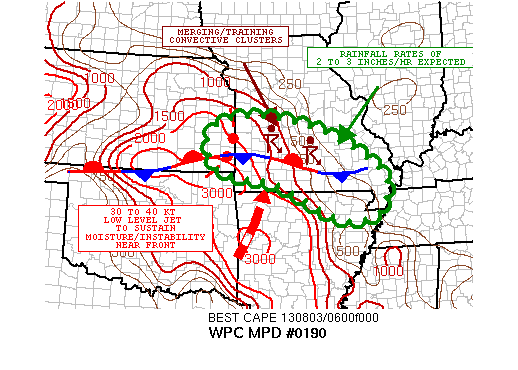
AREAS AFFECTED...FAR SOUTHEASTERN KS...SOUTHERN MO...NORTHEASTERN
AR

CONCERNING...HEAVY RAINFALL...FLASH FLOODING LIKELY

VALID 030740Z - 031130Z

SUMMARY...SOME TRAINING CONVECTION POSSIBLE NEXT FEW HOURS AS A
BAND OF ELEVATED CONVECTION CONTINUES TO DEVELOP.

DISCUSSION...LATEST IR SAT IMAGERY SHOWS A BOWING COLD-TOPPED
CONVECTIVE CLUSTER MOVING THROUGH FAR ERN KS...WHICH IS NOW
BEGINNING TO MOVE INTO WRN MO. DOWNSTREAM FROM THIS
ACTIVITY...THERE IS A DEVELOPING ARC OF ELEVATED CONVECTION WITH
NUMEROUS OVERSHOOTING TOPS IN RESPONSE TO A GRADUAL INCREASE IN
WARM ADVECTION SEEN BASED ON THE LATEST RAP ANALYSIS. VERY
MOIST/UNSTABLE AIR IS POOLED ALONG A FRONT ACROSS SRN MO...AND THE
UPTICK IN A SWLY LOW LVL JET TO ORDER OF 30 TO 40 KTS APPEARS TO
BE DRIVING SUFFICIENT FORCING IN CONJUNCTION WITH THE ELEVATED
INSTABILITY JUST NORTH OF THE BNDRY FOR THE CONVECTION.

THE LATEST ANALYSIS OF THE MEAN LYR FLOW RELATIVE TO THE FRONT
SUGGESTS SOME POTENTIAL FOR THE CONVECTION TO TRAIN SEWD OVER THE
SAME AREA THE NEXT FEW HOURS...AND THERE WILL LIKELY BE SOME CELL
MERGERS IN THE MAKING GIVEN THE ADVANCE OF THE UPSTREAM LINE
SEGMENT OVER FAR ERN KS. OVERALL THE CONVECTION OVER SRN MO MAY
BECOME A BIT BETTER ORGANIZED AND GROW SOMEWHAT IN
SCALE...EVENTUALLY REACHING NRN/NERN AR AS THE LOW LVL JET
INCREASES A LITTLE MORE OVER THE NEXT COUPLE OF HOURS BEFORE
LEVELING OFF. GIVEN VERY HIGH PWATS INVOF THE FRONT TO NEAR 2.2
INCHES BASED ON GOES-SOUNDER AND RAP ANALYSES...RAINFALL RATES
WILL LIKELY BE VERY INTENSE...POTENTIALLY ON THE ORDER OF 2 TO 3
INCHES/HR. THIS COUPLED WITH THE RISK FOR TRAINING AND SOME CELL
MERGERS SUGGESTS AN ELEVATED RISK OF FLASH FLOODING. WILL CONTINUE
TO MONITOR.